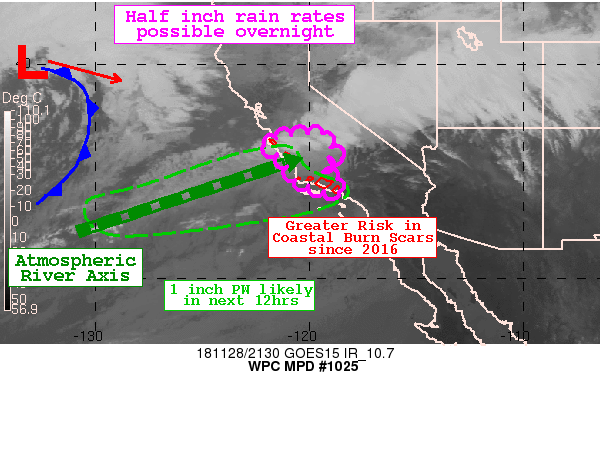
Areas affected...Central California Coast to Southern Sierra
Nevada

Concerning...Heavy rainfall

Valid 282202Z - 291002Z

Summary...An atmospheric river will continue to impact central and
later tonight into southern California, with heavy rainfall
expected in favored upslope regions of the coastal ranges and
southern Sierra Nevada. Rainfall rates of up to half an inch per
hour are possible at times through 09Z, and that may cause some
localized runoff and flooding issues, particularly for areas of
recent burn scars.

Discussion...low level westerly flow of 20 to 25 kt will increase
overnight along the central California coast as low pressure
approaches from the northwest. This flow is embedded within a
ribbon of precipitable water values of 1 to 1.2 inches (around 150
percent of normal per blended TPW products). Two GPS-PW
observations on the central California coast have exceeded 1 inch
this afternoon. As flow increases, the enhanced moisture will
extend further inland toward the Sierra Nevada.

Continuous light rain with rates around a tenth inch per hour will
continue this evening. MUCAPE of 100-250 j/kg is forecast to
spread into this area late tonight per the GFS/ECMWF/RAP which
should allow an increase in rain rates to 0.25-0.5 inches per hour
in embedded activity after 06Z which is supported by HREF mean 1hr
forecasts.

While rain rates like these are normally marginal for flooding,
several burn scars since 2016 exist in the coastal areas including
the Soberanes (2016) scar south of Monterey and the Thomas (2017)
and Woolsey (2018) scars in southern California. Mudslides and
debris flows are at a much greater risk in these burned areas.